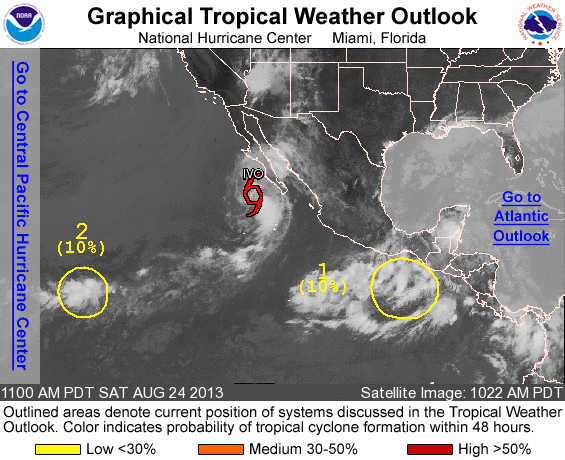
FOR THE EASTERN NORTH PACIFIC...EAST OF 140 DEGREES WEST LONGITUDE..

THE NATIONAL HURRICANE CENTER IS ISSUING ADVISORIES ON TROPICAL STORM IVO...LOCATED A COUPLE HUNDRED MILES WEST OF CABO SAN LUCAS MEXICO.

1. A LARGE AREA OF DISORGANIZED SHOWERS AND THUNDERSTORMS OVER THE FAR EASTERN PACIFIC OCEAN IS ASSOCIATED WITH THE INTERACTION OF A TROPICAL WAVE WITH A BROAD TROUGH OF LOW PRESSURE. ANY DEVELOPMENT OF THIS SYSTEM SHOULD BE SLOW TO OCCUR FOR THE NEXT DAY OR SO. ENVIRONMENTAL CONDITIONS ARE FORECAST TO BECOME MORE CONDUCIVE FOR DEVELOPMENT AFTER THAT TIME...AND A TROPICAL DEPRESSION COULD FORM BY MIDWEEK. THIS SYSTEM HAS A LOW CHANCE...NEAR 10 PERCENT...OF BECOMING A TROPICAL CYCLONE DURING THE NEXT 48 HOURS...AND A HIGH CHANCE...70 PERCENT...OF BECOMING A TROPICAL CYCLONE DURING THE NEXT 5 DAYS WHILE IT MOVES TO THE WEST-NORTHWEST AT 10 TO 15 MPH.

2. AN AREA OF DISTURBED WEATHER HAS FORMED ABOUT 1400 MILES EAST-SOUTHEAST OF THE BIG ISLAND OF HAWAII. SOME DEVELOPMENT OF THIS SYSTEM IS POSSIBLE OVER THE NEXT SEVERAL DAYS WHILE THE DISTURBANCE REMAINS NEARLY STATIONARY. THIS SYSTEM HAS A LOW CHANCE...10 PERCENT...OF BECOMING A TROPICAL CYCLONE DURING THE NEXT 48 HOURS...AND A LOW CHANCE...20 PERCENT...OF BECOMING A TROPICAL CYCLONE DURING THE NEXT 5 DAYS.

FIVE-DAY FORMATION PROBABILITIES ARE EXPERIMENTAL IN 2013. COMMENTS ON THE EXPERIMENTAL FORECASTS CAN BE PROVIDED AT...

HTTP://WWW.NWS.NOAA.GOV/SURVEY/NWS-SURVEY.PHP?CODE=ETWO

FORECASTER BLAKE